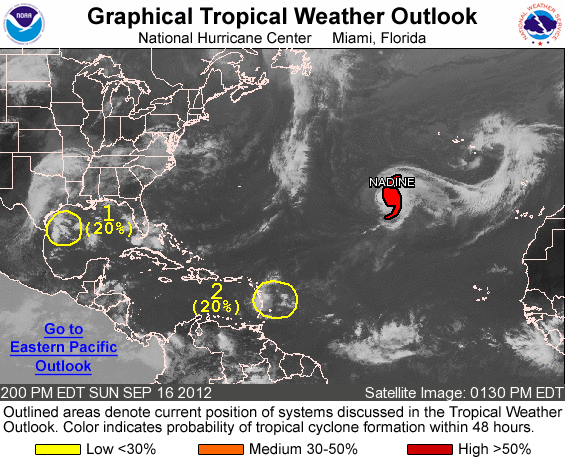
FOR THE NORTH ATLANTIC...CARIBBEAN SEA AND THE GULF OF MEXICO...

THE NATIONAL HURRICANE CENTER IS ISSUING ADVISORIES ON HURRICANE NADINE...LOCATED ABOUT 985 MILES WEST-SOUTHWEST OF THE AZORES.

1. SHOWERS AND THUNDERSTORMS HAVE DEVELOPED OVER THE NORTHWESTERN GULF OF MEXICO IN ASSOCIATION WITH A WEAK SURFACE LOW PRESSURE SYSTEM LOCATED ABOUT 90 MILES EAST OF BROWNSVILLE TEXAS. SOME GRADUAL DEVELOPMENT OF THIS DISTURBANCE IS POSSIBLE OVER THE NEXT COUPLE OF DAYS AS IT MOVES NORTHEASTWARD AT 10 TO 15 MPH. THIS SYSTEM HAS A LOW CHANCE...20 PERCENT...OF BECOMING A TROPICAL OR SUBTROPICAL CYCLONE DURING THE NEXT 48 HOURS. REGARDLESS OF DEVELOPMENT...THIS SYSTEM COULD PRODUCE PERIODS OF LOCALLY HEAVY RAINFALL AND GUSTY WINDS ACROSS PORTIONS OF THE LOUISIANA...MISSISSIPPI... ALABAMA...AND THE FLORIDA PANHANDLE ON MONDAY AND CONTINUING INTO TUESDAY.

2. AN ELONGATED AREA OF LOW PRESSURE LOCATED ABOUT 325 MILES EAST OF THE LESSER ANTILLES IS PRODUCING DISORGANIZED SHOWERS AND A FEW THUNDERSTORMS. ALTHOUGH UPPER-LEVEL WINDS ARE CURRENTLY UNFAVORABLE FOR DEVELOPMENT TO OCCUR...THEY COULD BECOME MORE CONDUCIVE IN A FEW DAYS. THIS SYSTEM HAS A LOW CHANCE...20 PERCENT...OF BECOMING A TROPICAL CYCLONE DURING THE NEXT 48 HOURS AS IT MOVES WESTWARD AT AROUND 15 MPH. REGARDLESS OF DEVELOPMENT...LOCALLY HEAVY RAINS AND SQUALLS COULD AFFECT PORTIONS OF THE LESSER ANTILLES TODAY THROUGH MONDAY.

ELSEWHERE...TROPICAL CYCLONE FORMATION IS NOT EXPECTED DURING THE NEXT 48 HOURS.

FORECASTER STEWART